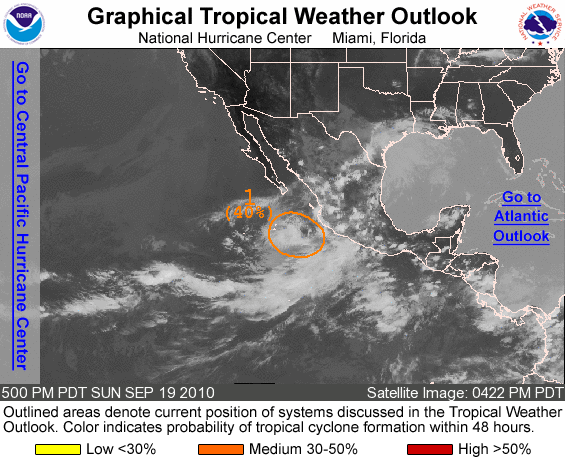
FOR THE EASTERN NORTH PACIFIC...EAST OF 140 DEGREES WEST LONGITUDE..

1. A BROAD AREA OF LOW PRESSURE LOCATED A COUPLE HUNDRED MILES WEST-SOUTHWEST OF MANZANILLO MEXICO IS PRODUCING DISORGANIZED SHOWERS AND THUNDERSTORMS. UPPER-LEVEL WINDS COULD BECOME A LITTLE MORE FAVORABLE FOR DEVELOPMENT DURING THE NEXT DAY OR TWO AS THE SYSTEM MOVES NORTHWESTWARD AT 10 TO 15 MPH. THERE IS A MEDIUM CHANCE...40 PERCENT...OF THIS SYSTEM BECOMING A TROPICAL CYCLONE DURING THE NEXT 48 HOURS.

ELSEWHERE...TROPICAL CYCLONE FORMATION IS NOT EXPECTED DURING THE NEXT 48 HOURS.

FORECASTER CANGIALOSI